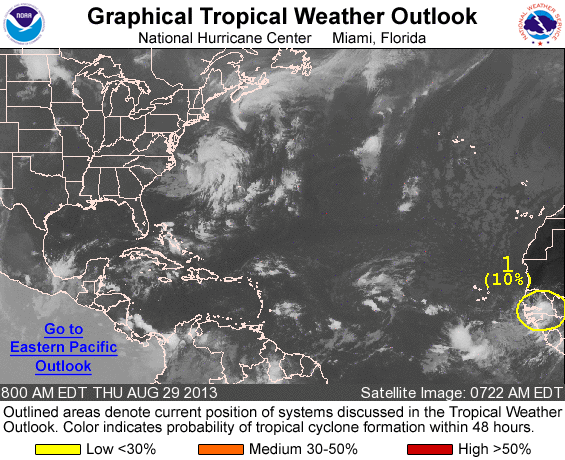
FOR THE NORTH ATLANTIC...CARIBBEAN SEA AND THE GULF OF MEXICO...

1. A TROPICAL WAVE LOCATED OVER WESTERN AFRICA IS MOVING WESTWARD AT 10 TO 15 MPH...AND AN AREA OF LOW PRESSURE COULD FORM AFTER THE WAVE MOVES OFF THE COAST ON FRIDAY. SOME DEVELOPMENT OF THIS SYSTEM IS POSSIBLE BEFORE THE ENVIRONMENT BECOMES UNFAVORABLE BY EARLY NEXT WEEK. THIS SYSTEM HAS A LOW CHANCE...10 PERCENT...OF BECOMING A TROPICAL CYCLONE DURING THE NEXT 48 HOURS...AND A MEDIUM CHANCE...30 PERCENT...OF BECOMING A TROPICAL CYCLONE DURING THE NEXT 5 DAYS WHILE IT MOVES NEAR THE CAPE VERDE ISLANDS.

2. SHOWER ACTIVITY ASSOCIATED WITH A TROPICAL WAVE LOCATED ABOUT 1000 MILES EAST OF THE LESSER ANTILLES REMAINS LIMITED. DEVELOPMENT...IF ANY...WILL BE SLOW TO OCCUR DURING THE NEXT COUPLE OF DAYS WHILE THE WAVE MOVES WESTWARD AT ABOUT 15 MPH AND APPROACHES THE LESSER ANTILLES. AFTER THAT TIME...UPPER-LEVEL WINDS COULD INHIBIT FURTHER DEVELOPMENT. THIS SYSTEM HAS A LOW CHANCE...NEAR 10 PERCENT...OF BECOMING A TROPICAL CYCLONE DURING THE NEXT 48 HOURS...AND A LOW CHANCE...20 PERCENT...OF BECOMING A TROPICAL CYCLONE DURING THE NEXT 5 DAYS.

FIVE-DAY FORMATION PROBABILITIES ARE EXPERIMENTAL IN 2013. COMMENTS ON THE EXPERIMENTAL FORECASTS CAN BE PROVIDED AT...

HTTP://WWW.NWS.NOAA.GOV/SURVEY/NWS-SURVEY.PHP?CODE=ETWO

FORECASTER AVILA